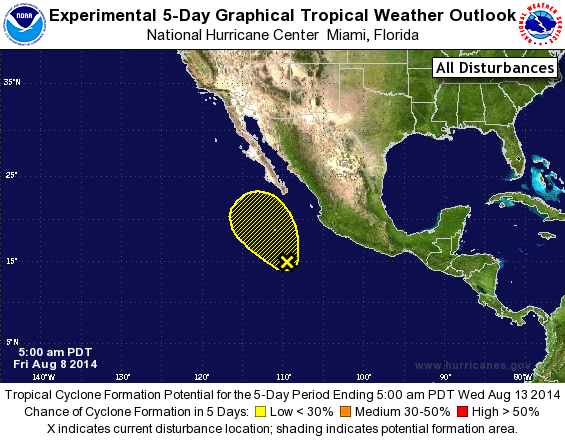
For the eastern North Pacific...east of 140 degrees west longitude:

1. A trough of low pressure located several hundred miles south of the southern tip of the Baja California peninsula continues to produce disorganized showers and thunderstorms. Strong upper-level winds are likely to prevent any significant development of this system while it moves northwestward at around 10 mph.
* Formation chance through 48 hours...low...10 percent.
* Formation chance through 5 days...low...10 percent.

Forecaster Kimberlain